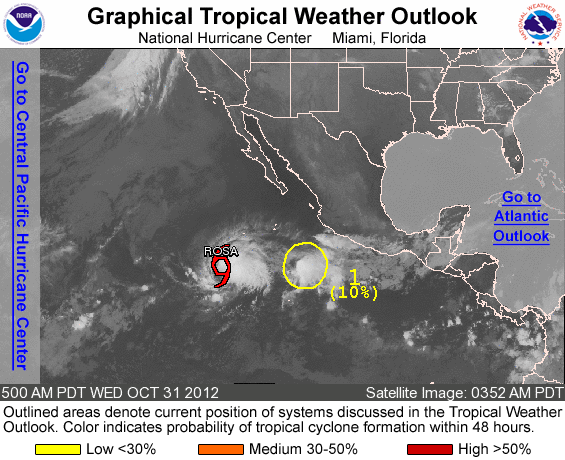
FOR THE EASTERN NORTH PACIFIC...EAST OF 140 DEGREES WEST LONGITUDE..

THE NATIONAL HURRICANE CENTER IS ISSUING ADVISORIES ON TROPICAL STORM ROSA...LOCATED ABOUT 755 MILES SOUTHWEST OF CABO SAN LUCAS MEXICO.

1. A WEAK AREA OF LOW PRESSURE LOCATED ABOUT 375 MILES SOUTHWEST OF MANZANILLO MEXICO CONTINUES TO PRODUCE DISORGANIZED SHOWERS AND THUNDERSTORMS. UPPER-LEVEL WINDS ARE NOT CONDUCIVE FOR SIGNIFICANT DEVELOPMENT...AND THIS SYSTEM HAS A LOW CHANCE...10 PERCENT...OF BECOMING A TROPICAL CYCLONE DURING THE NEXT 48 HOURS AS IT DRIFTS WEST-NORTHWESTWARD.

ELSEWHERE...TROPICAL CYCLONE FORMATION IS NOT EXPECTED DURING THE NEXT 48 HOURS.

FORECASTER BLAKE